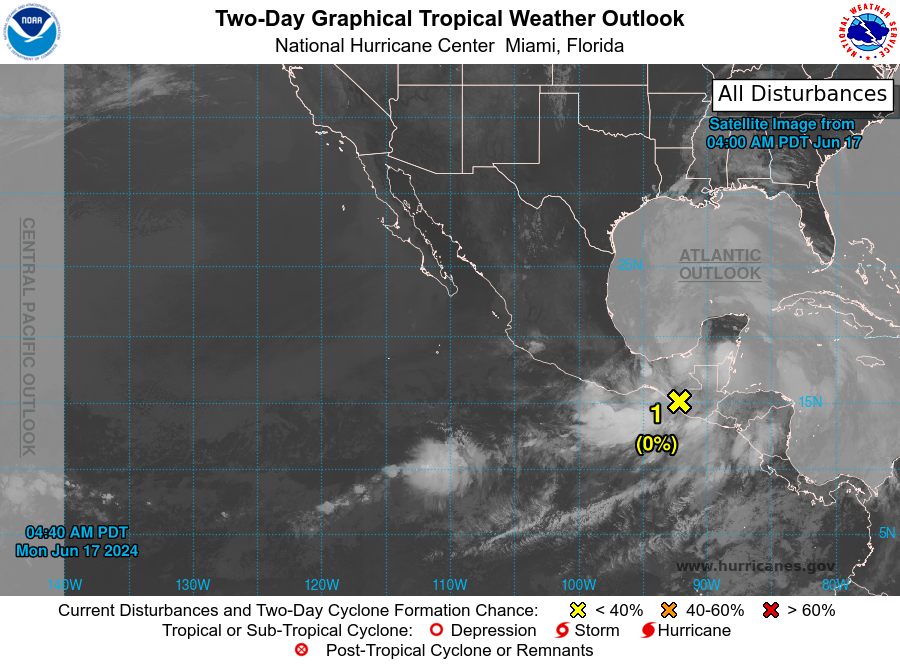
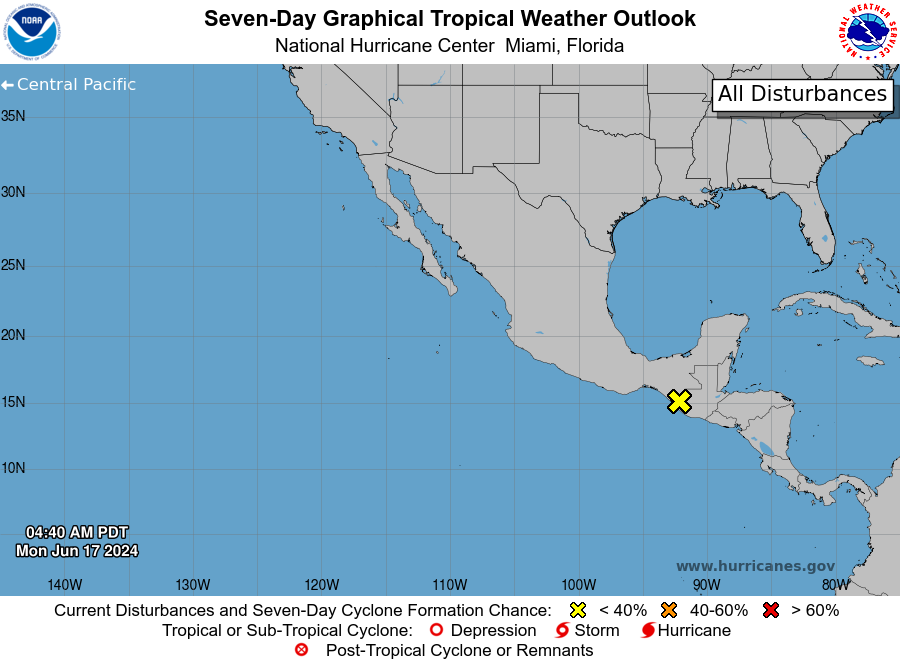
For the eastern North Pacific...east of 140 degrees west longitude:

1. Offshore Central America (EP90): An area of low pressure associated with disorganized showers and thunderstorms has moved inland over Central America and further development is not expected. Regardless of development, heavy rainfall is forecast to continue across portions of southern Mexico and Central America during the next several days. These rains are likely to cause life-threatening flooding and flash flooding.
* Formation chance through 48 hours...low...near 0 percent.
* Formation chance through 7 days...low...near 0 percent.

Forecaster Bucci